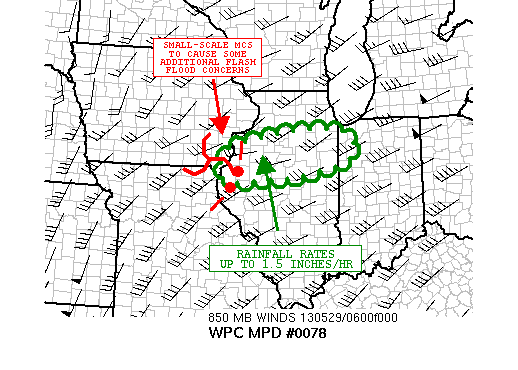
AREAS AFFECTED...CENTRAL IL...EXTREME NORTHWEST IN

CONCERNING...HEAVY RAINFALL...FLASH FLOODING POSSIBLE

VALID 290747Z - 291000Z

SUMMARY...SOME ADDITIONAL FLASH FLOODING IS POSSIBLE AS A
SMALL-SCALE MCS IMPACTS AREAS ALREADY WITH SATURATED SOILS.

DISCUSSION...LATEST IR SAT IMAGERY SHOWS A COMPACT COLD-TOPPED MCS
MOVING OUT OF FAR SERN IA AND INTO WRN IL ATTM. OVER THE NEXT
COUPLE OF HOURS...THIS MCS SHOULD TEND TO HOLD ITS INTENSITY GIVEN
MUCAPE VALUES OF 500 TO 1000 J/KG ADVECTING NEWD INTO ITS SWRN
FLANK AS AIDED BY A 40 TO 50 KT SWLY LOW LEVEL JET. THE CONVECTION
IS CAPABLE OF PRODUCING RAINFALL RATES OF 1.5 INCHES/HR AND SINCE
IT WILL BE TRAVELLING OVER AREAS ALREADY EXPERIENCING FLASH
FLOODING OR AT LEAST NEARLY SATURATED SOIL...THE THREAT FOR
ADDITIONAL FLASH FOODING WILL EXIST THE NEXT COUPLE OF HOURS.
EXPECT THE MCS TO BEGIN WEAKENING TOWARD SUNRISE AND THEN MOVE OUT
OF THE AREA.